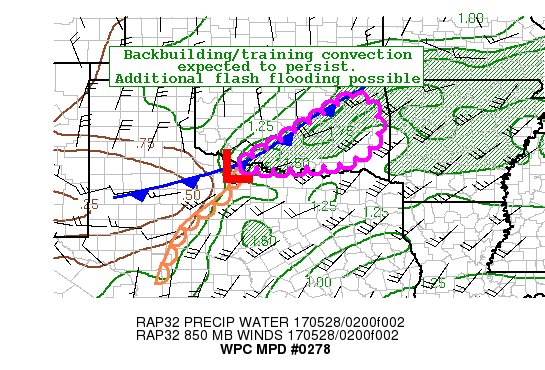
AREAS AFFECTED...SOUTH CENTRAL AND SOUTHEASTERN OK

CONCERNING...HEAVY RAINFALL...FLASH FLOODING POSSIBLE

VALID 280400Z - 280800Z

OVERVIEW...ONGOING TRAINING/BACKBUILDING CONVECTION ACROSS SOUTH
CENTRAL INTO SOUTHEASTERN OK IS EXPECTED TO CONTINUE FOR AT LEAST
A FEW MORE HOURS...RAISING THE THREAT FOR ADDITIONAL FLASH
FLOODING ACROSS THE AREA.

DISCUSSION...INGREDIENTS HAVE COME TOGETHER FOR
TRAINING/BACKBUILDING CONVECTION ACROSS PORTIONS OF SOUTH CENTRAL
INTO SOUTHEASTERN OK.  LATEST MESOANALYSIS SHOWS DEEP
WEST-SOUTHWESTERLY INFLOW INTO A COLD FRONT PUSHING SLOWLY
SOUTHEASTWARD INTO THE REGION.  PWS HAVE INCREASED TO AROUND TO
AROUND 1.5 INCHES ALONG THE BOUNDARY NEAR ITS INTERSECTION WITH
THE DRYLINE.  THE LATEST RAP SHOWS 850MB 20-30 KT SOUTHWESTERLY
WINDS AHEAD OF A SLOW MOVING MID LEVEL WAVE PERSISTING INTO THE
OVERNIGHT HOURS...WITH PWS INCREASING TO AROUND 1.75 INCHES.  THIS
DEEP MOISTURE ALONG WITH LARGE SCALE FORCING AFFORDED IN PART BY
FAVORABLE UPPER JET DYNAMICS IS EXPECTED TO SUPPORT ADDITIONAL
CONVECTIVE DEVELOPMENT.  A NUMBER OF THE HI-RES GUIDANCE MEMBERS
ARE SHOWING ADDITIONAL LOCALLY HEAVY AMOUNTS ACROSS THIS REGION.
WITHIN THE HIGHLIGHTED REGION...THE 00Z CANADIAN GEM REGIONAL AND
THE 12Z UTC NSSL-WRF...WHICH BOTH APPEAR TO BETTER REFLECT CURRENT
CONDITIONS...INDICATE ADDITIONAL LOCALLY HEAVY AMOUNTS ON THE
ORDER OF 1-3 INCHES THROUGH 10Z.